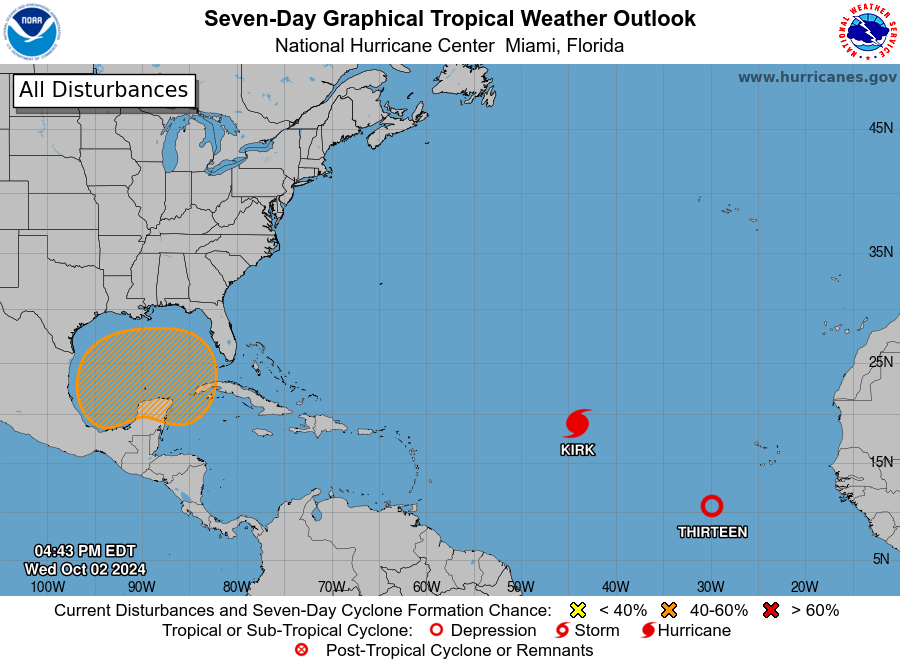
For the North Atlantic...Caribbean Sea and the Gulf of Mexico:

Active Systems: The National Hurricane Center is issuing advisories on Hurricane Kirk, located over the central tropical Atlantic Ocean, and on newly-developed Tropical Depression Thirteen, located over the eastern tropical Atlantic Ocean.

1. Northwestern Caribbean Sea and Gulf of Mexico: A broad trough of low pressure is producing disorganized areas of showers and thunderstorms over the northwestern Caribbean Sea and the southwestern Gulf of Mexico. Environmental conditions could support some gradual development of this system, and a tropical depression could form over the weekend as the broader disturbance moves fully into the Gulf of Mexico. Interests along the U.S. Gulf Coast should continue to monitor the progress of this system. Regardless of development, locally heavy rains could occur over portions of Mexico during the next several days and over portions of the Florida Peninsula by the weekend.
* Formation chance through 48 hours...low...near 0 percent.
* Formation chance through 7 days...medium...40 percent.

Public Advisories on Tropical Depression Thirteen are issued under WMO header WTNT33 KNHC and under AWIPS header MIATCPAT3. Forecast/Advisories on Tropical Depression Thirteen are issued under WMO header WTNT23 KNHC and under AWIPS header MIATCMAT3.

Forecaster Beven